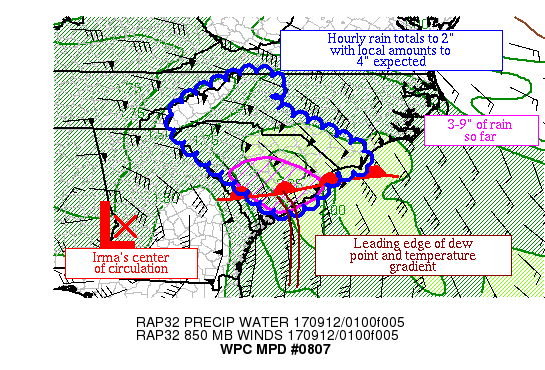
AREAS AFFECTED...PORTIONS OF THE CAROLINAS

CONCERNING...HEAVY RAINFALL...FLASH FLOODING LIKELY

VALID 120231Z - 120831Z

SUMMARY...IRMA CONTINUES TO EVOLVE WHILE DROPPING HEAVY RAINS ON
PORTIONS OF THE CAROLINAS.  HOURLY RAIN TOTALS TO 1.5" WITH LOCAL
AMOUNTS TO 3" CONTINUES FLASH FLOOD CONCERNS.

DISCUSSION...IRMA'S EXTRATROPICAL TRANSITION CONTINUES THIS
EVENING.  A TEXTBOOK EXAMPLE OF A DRY SLOT HAS PUNCHED THROUGH GA,
SC, AND INTO SOUTHERN NC, NOTED ON INFRARED AND WATER VAPOR
IMAGERY.   THE LEADING EDGE OF WARMER TEMPERATURES AND LOWERING
DEW POINTS AT THE SURFACE LIES OFFSHORE EASTERN FL AND EXTENDS
INTO SOUTHERN SC.  PRECIPITABLE WATER VALUES RANGE FROM 1.6" IN
THE SOUTHERN APPALACHIANS TO 2.5" NEAR GEORGETOWN SC PER GPS
VALUES.  INFLOW AT 850 HPA IS CONVERGENT AT 25-45 KTS PER 00Z
SOUNDINGS, NEAR THE MAGNITUDE OF THE 850-400 HPA WIND.  EFFECTIVE
BULK SHEAR OF 35-40 KTS IS SEEN IN RECENT SPC MESOANALYSES ACROSS
SC.  AN AREA OF 500-1000 J/KG OF MU CAPE LIES NEAR AND OFFSHORE
THE SC COAST.

AS IRMA PULLS AWAY TO THE NORTHWEST, A NEW CIRCULATION COULD FORM
ACROSS SC TOWARD THE END OF THE PERIOD NEAR THE COASTAL
FRONT/EASTERN SIDE OF THE COLD AIR DAM WHICH COULD ENHANCE
BOUNDARY LAYER MOISTURE CONVERGENCE BOTH WITHIN THE COASTAL FRONT
AND NEAR THE LEADING EDGE OF THE DEW POINT/TEMPERATURE DROP OFF.
WHILE INFLOW AT 850 HPA AND EFFECTIVE BULK SHEAR ARE EXPECTED TO
SLOWLY DROP OFF, THEY SHOULD REMAIN SUFFICIENT FOR THE DEVELOPMENT
OF SHORT TRAINING BANDS.  WITHIN UPSLOPE AREAS, HOURLY RAIN TOTALS
TO 0.5" ARE EXPECTED, WHILE 2" AN HOUR TOTALS ARE EXPECTED IN THE
COASTAL PLAIN.  FLASH FLOOD ISSUES ARE MOST LIKELY FROM THE FALL
LINE SOUTHEASTWARD IN SC.